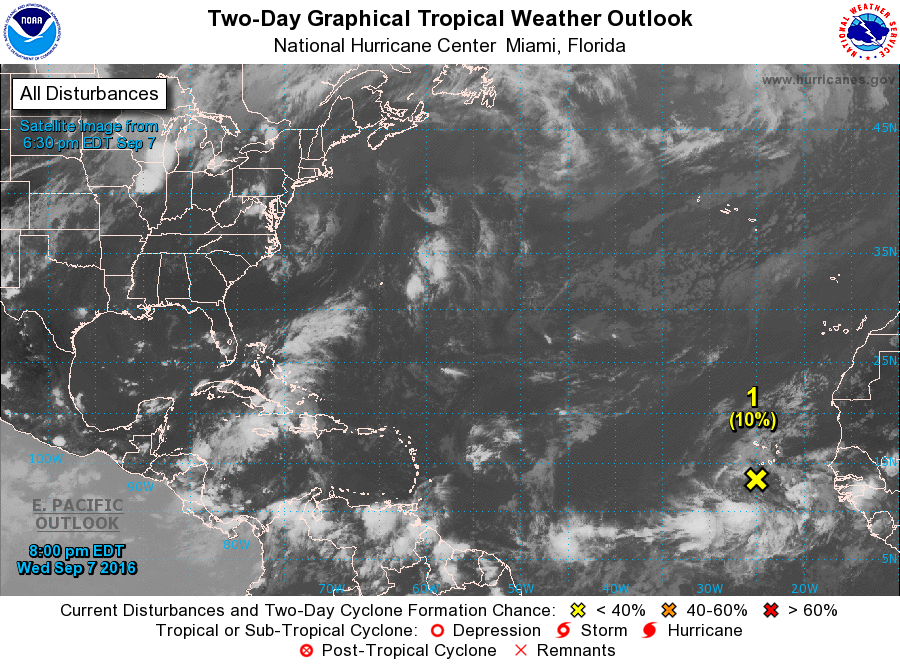
For the North Atlantic...Caribbean Sea and the Gulf of Mexico:

1. A tropical wave located near the Cabo Verde Islands is accompanied by disorganized showers and thunderstorms. Significant development of this system is not expected during the next couple of days. However, conditions are forecast to become a little more favorable for gradual development, and a tropical depression could form by early next week while this system moves westward and then west-northwestward into the central Atlantic.
* Formation chance through 48 hours...low...10 percent
* Formation chance through 5 days...medium...60 percent

Forecaster Brennan